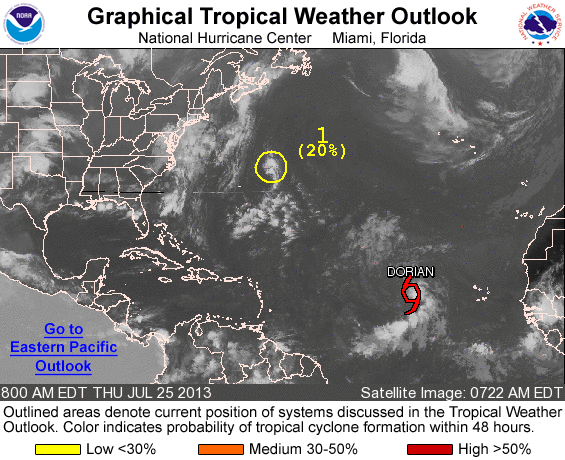
FOR THE NORTH ATLANTIC...CARIBBEAN SEA AND THE GULF OF MEXICO...

THE NATIONAL HURRICANE CENTER IS ISSUING ADVISORIES ON TROPICAL STORM DORIAN...LOCATED SEVERAL HUNDRED MILES WEST OF THE CAPE VERDE ISLANDS.

1. A WEAK SURFACE LOW LOCATED A FEW HUNDRED MILES EAST OF BERMUDA IS ASSOCIATED WITH A COMPLEX UPPER-LEVEL LOW PRESSURE SYSTEM. UPPER-LEVEL WINDS ARE EXPECTED TO BECOME A LITTLE MORE FAVORABLE... AND SOME DEVELOPMENT OF THE LOW IS POSSIBLE BEFORE IT REACHES COLD WATER IN A DAY OR SO. THIS SYSTEM HAS A LOW CHANCE...20 PERCENT... OF BECOMING A TROPICAL CYCLONE DURING THE NEXT 48 HOURS AS IT MOVES NORTHWESTWARD AND THEN NORTHWARD AT ABOUT 15 MPH.

ELSEWHERE...TROPICAL CYCLONE FORMATION IS NOT EXPECTED DURING THE NEXT 48 HOURS.

FORECASTER STEWART